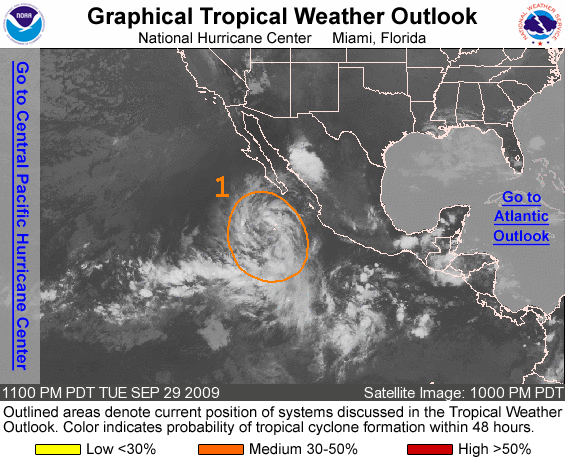
FOR THE EASTERN NORTH PACIFIC...EAST OF 140 DEGREES WEST LONGITUDE..

1. A BROAD AREA OF LOW PRESSURE LOCATED A FEW HUNDRED MILES SOUTH-SOUTHWEST OF THE SOUTHERN TIP OF BAJA CALIFORNIA CONTINUES TO PRODUCE A LARGE AREA OF DISORGANIZED SHOWERS AND THUNDERSTORMS. CONDITIONS APPEAR FAVORABLE FOR GRADUAL DEVELOPMENT OF THIS SYSTEM DURING THE NEXT DAY OR SO AS IT MOVES WEST-NORTHWESTWARD AROUND 10 MPH. THERE IS A MEDIUM CHANCE....30 TO 50 PERCENT...OF THIS SYSTEM BECOMING A TROPICAL CYCLONE DURING THE NEXT 48 HOURS.

ELSEWHERE...TROPICAL CYCLONE FORMATION IS NOT EXPECTED DURING THE NEXT 48 HOURS.

FORECASTER BROWN